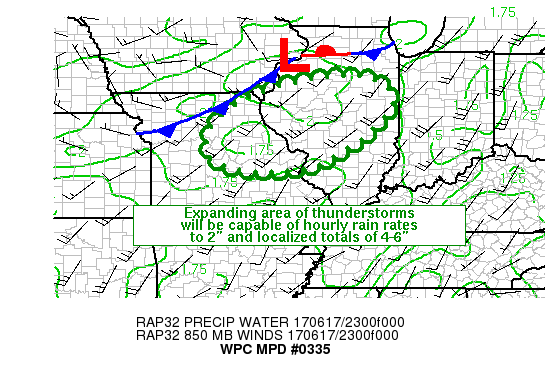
AREAS AFFECTED...NORTHEAST MO, CENTRAL IL

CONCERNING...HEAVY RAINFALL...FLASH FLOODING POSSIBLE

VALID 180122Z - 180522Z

SUMMARY...THUNDERSTORMS WILL CONTINUE TO GROW UPSCALE ACROSS THE
REGION THIS EVENING AND WILL HAVE THE POTENTIAL FOR HOURLY RAIN
RATES NEAR 2 INCHES.

DISCUSSION...MESOANALYSIS TRENDS CONTINUE TO SHOW STRONG
DEEP-LAYER INSTABILITY POOLED INTO THE AREA AHEAD OF A SAGGING
FRONTAL SYSTEM...WITH MUCAPES AVERAGING 2000-3000 J/KG.
MEANWHILE...THE CAP CENTERED AROUND 850-800 MB CONTINUES TO WEAKEN
PER THE OBSERVED 00Z RAOBS... PARTICULARLY WHEN COMPARED TO THE
2100Z RAOB AT KTOP. THIS AS THE UPPER SHORTWAVE CURRENTLY OVER SD
PER THE LATEST SATELLITE WV IMAGERY WILL CONTINUE ON A
SOUTHEASTERLY TRAJECTORY INTO NORTHERN IA BY 0600 UTC. THE
INCREASE IN BROAD-SCALE UPPER DIVERGENCE/DEEP LAYER ASCENT AHEAD
OF THIS WAVE...CONCURRENT WITH AN UPTICK IN LOW LEVEL
FRONTOGENESIS...WILL CONTINUE TO ALLOW THE CONVECTION TO BECOME
BETTER ORGANIZED AND GROW UPSCALE THIS EVENING.

AS THE LOW-LEVEL INFLOW INCREASES TO 30+ KTS AND VEERS MORE
WESTERLY WITH TIME THIS EVENING (FROM SW TO WSW OR MORE PARALLEL
TO THE SURFACE BOUNDARY)...CELL TRAINING WILL BECOME MORE LIKELY
AFTER 03Z. DURING THAT TIME THE LOW-LEVEL INFLOW BECOMES MORE
PARALLEL TO (WHILE EXCEEDING THE MAGNITUDE OF) THE MEAN 850-300 MB
FLOW. FORECAST CORFIDI VECTORS RESPOND BY DECREASING TO 10 KTS OR
LESS. DUE IN LARGE PART BECAUSE OF THE INCREASED POTENTIAL FOR
UPWIND PROPAGATION AND CELL TRAINING...MUCH OF THE MESOSCALE
GUIDANCE (INCLUDING THE NSSL-WRF...WRF-ARW...AND NAM CONUS NEST)
SHOW POCKETS OF 4-6" TOTALS WITHIN THE MPD AREA. FLASH FLOODING
WILL THEREFORE BECOME MORE OF A CONCERN TOWARD MIDNIGHT...
ESPECIALLY IN URBAN AREAS.